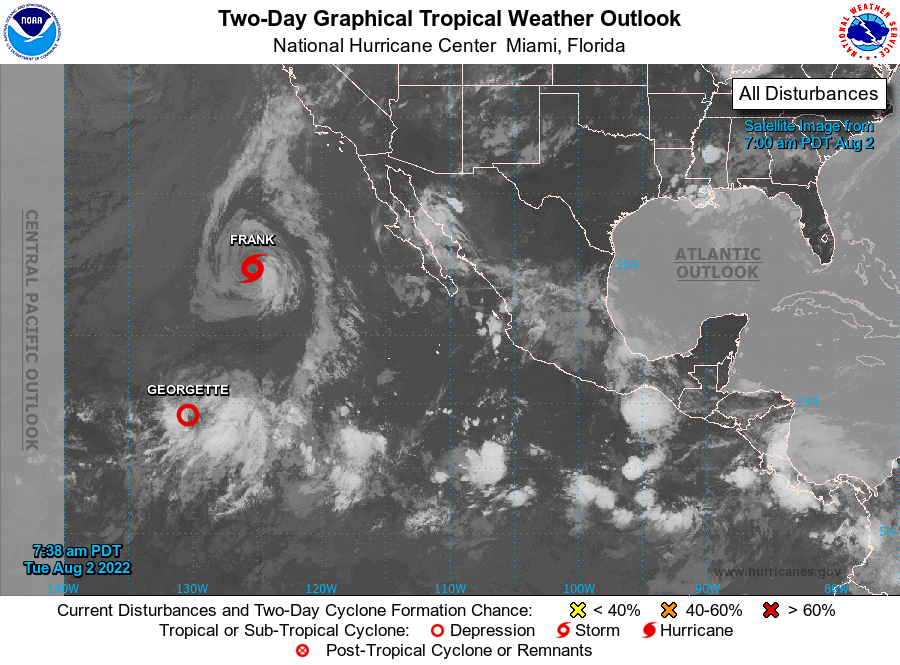
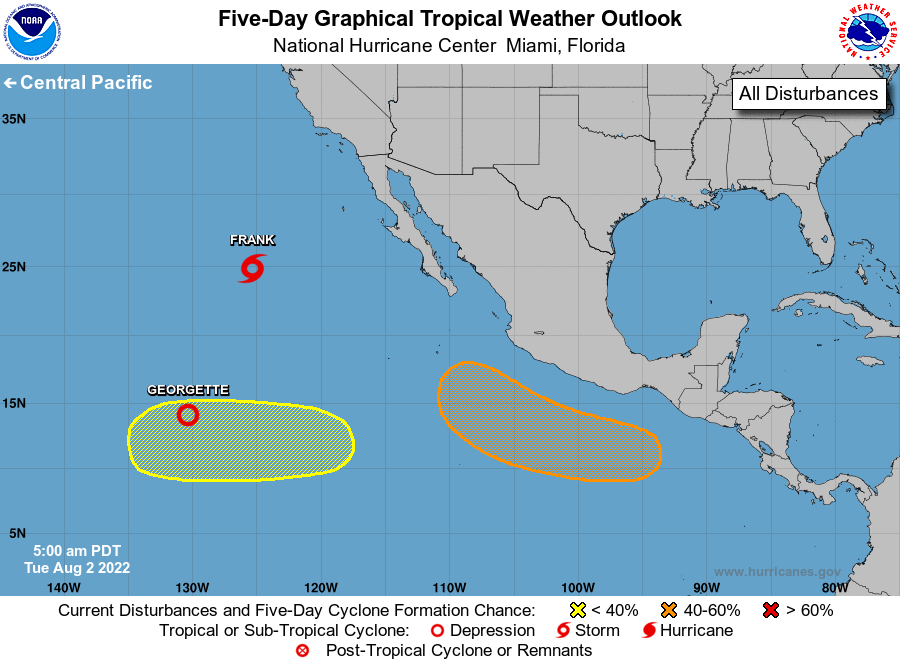
For the eastern North Pacific...east of 140 degrees west longitude:

Active Systems: The National Hurricane Center is issuing advisories on Tropical Storm Frank, located about 650 miles west-southwest of Punta Eugenia, Mexico, and on Tropical Depression Georgette, located more than 1500 miles west-southwest of the southern tip of the Baja California peninsula.

1. Offshore of Southern Mexico: An area of low pressure is expected to form a few hundred miles south of eastern Mexico in a couple of days. Environmental conditions are expected to be favorable for gradual development thereafter, and a tropical depression could form this weekend. This system is forecast to move west-northwestward, remaining well offshore of the coast of southern Mexico.
* Formation chance through 48 hours...low...near 0 percent.
* Formation chance through 5 days...medium...40 percent.

2. Well Southwest of Southwestern Mexico: Another area of low pressure could form several hundred miles south-southwest of the southern tip of the Baja California peninsula later this week. Some development of this system is possible by the end of this week while it moves westward over the open waters of the eastern Pacific basin.
* Formation chance through 48 hours...low...near 0 percent.
* Formation chance through 5 days...low...20 percent.

Forecaster Brown